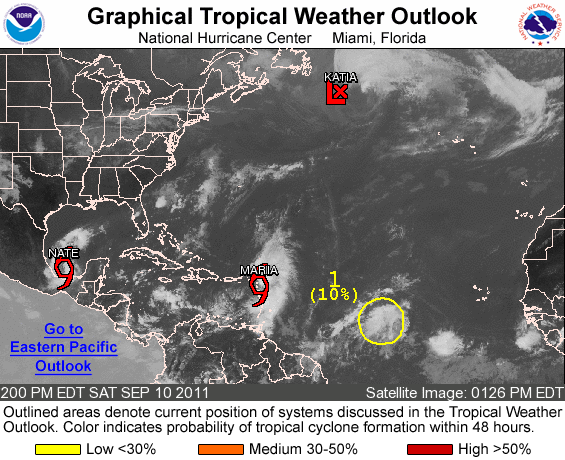
FOR THE NORTH ATLANTIC...CARIBBEAN SEA AND THE GULF OF MEXICO...

THE NATIONAL HURRICANE CENTER IS ISSUING ADVISORIES ON TROPICAL STORM MARIA NEAR THE NORTHERN LEEWARD ISLANDS...ON TROPICAL STORM NATE IN THE BAY OF CAMPECHE...AND HAS ISSUED THE THE LAST ADVISORY ON POST-TROPICAL CYCLONE KATIA...LOCATED OVER THE FAR NORTH ATLANTIC.

1. A TROPICAL WAVE LOCATED ABOUT 1200 MILES EAST OF THE LESSER ANTILLES IS PRODUCING A LARGE AREA OF DISORGANIZED SHOWERS AND THUNDERSTORMS. CONDITIONS APPEAR FAVORABLE FOR SOME SLOW DEVELOPMENT OF THIS WAVE DURING THE NEXT COUPLE OF DAYS AS IT MOVES WESTWARD AT ABOUT 15 MPH. THIS SYSTEM HAS A LOW CHANCE... 10 PERCENT...OF BECOMING A TROPICAL CYCLONE DURING THE NEXT 48 HOURS.

ELSEWHERE...TROPICAL CYCLONE FORMATION IS NOT EXPECTED DURING THE NEXT 48 HOURS.

FORECASTER BROWN